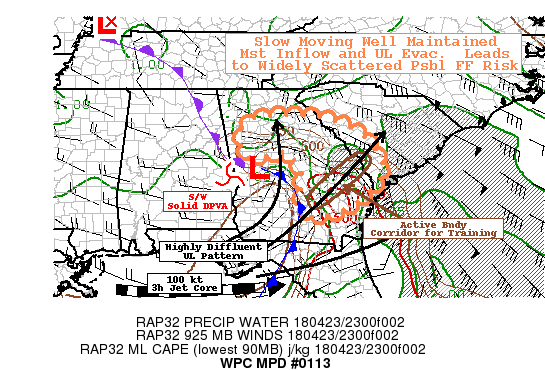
AREAS AFFECTED...GEORGIA...EXT. WESTERN SOUTH CAROLINA

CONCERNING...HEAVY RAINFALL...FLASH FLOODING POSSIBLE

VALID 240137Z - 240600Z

SUMMARY...NEAR ZERO CELL MOTIONS WITH MODEST TO HVY RAIN RATES
POSE WIDELY SCATTERED FLASH FLOODING RISK THROUGH EARLY OVERNIGHT
PERIOD.

DISCUSSION...GOES-16 WV SUITE DEPICTS A DEEPLY STACKED UPPER LOW
WELL NORTHWEST IN WESTERN KY WITH STRONG WARMING INDICATIVE A
STRONG JET ACROSS WESTERN GULF COAST.  A SUBTLE SHORTWAVE/PIVOT IN
THE MID-LEVEL FLOW EXISTS AROUND COLUMBUS,GA AND VERTICALLY VEERED
WIND PROFILES SUPPORT SOLID DPVA AND DIFFLUENCE FOR MAINTENANCE OF
UPDRAFTS WHILE ALSO SUPPORTING ROTATING UPDRAFTS.  GIVEN PLACEMENT
OF THE JET...PROPAGATION VECTORS ARE ABOUT 5-10KTS AND EXPECTED TO
SLACKEN FURTHER AS THE JET STREAK UNDERCUTS THE AREA OF CONCERN.
COMPOUND THIS WITH SLOWED CELL MOTIONS DUE TO SUPERCELLULAR NATURE
ALLOWS FOR NEARLY STATIONARY CONVECTION.

MOISTURE ENVIRONMENT DOES NOT SCREAM OF HIGH RAINFALL EFFICIENCY
DUE TO DRY POCKET AT 7-5H ADVECTING NE ACROSS SW GA. HOWEVER, SFC
TO 800MB ADVECTED ON EASTERLY FLOW WITH TDS IN MID TO UPPER 60S
AND 11-12C AT 850MB WITH SOLID MOISTURE CONVERGENCE/CONFLUENCE
ESPECIALLY NEAR THE DEVELOPING SURFACE LOW IN CENTRAL GA.  THIS
LEADS TO TPW VALUES UP TO 1.5" IN THE LOWEST LEVELS BUT SLOW CELL
MOTIONS AND STRONG UPDRAFTS FROM CAPES MLCAPES TO 500-1000 J/KG
(1500 OVER SE GA) SUGGEST PROFILES CAN BE MOISTENED FAIRLY QUICKLY
TO SUPPORT RAINFALL EFFICIENCY TO 1.5".  WHILE RADAR ESTIMATES ARE
LIKELY A BIT HIGH GIVEN SOME HAIL CONTAMINATION... THE ABUNDANCE
OF SMALL HAIL MAY ACTUALLY HELP IN OVERALL WATER TOTALS OR EVEN
GROUND FLOW CHOKE POINTS FOR FLOODING CONCERNS.  HI-RES CAMS ARE
SUPPORTIVE OF THIS EVOLUTION PARTICULARLY THE ARW/HRRR AND HRRRV3
(THOUGH DISPLACED NORTHWEST A BIT) AND SUGGEST 1-2 HOURS OF 1.5-2"
RATES AND TOTALS OF 3-4" POSSIBLE VERY CLOSE TO LOCAL FFG VALUES.

CURRENT RADAR/EIR LOOP SHOWS GREATEST THREAT FOR FLASH FLOODING
ALONG A FAVORABLY ORIENTED CONVERGENCE BOUNDARY FROM BURKE/SCREVEN
COUNTY TO IRWIN/BEN HILL COUNTY MAY FURTHER SUPPORT TRAINING EVEN
AS CELL MOTIONS ARE SLOW TO THE NORTHEAST.

STILL OVERALL COVERAGE THREAT WILL BE VERY LIMITED GIVEN THE
MID-LEVEL DRYING BUT CELLS THAT DO DEVELOP POSE AT LEAST A
LOCALIZED FLASH FLOOD RISK THROUGH THE EARLY EVENING..ESPECIALLY
SOUTH AND EAST...GIVEN BEST MAINTAINED LOW LEVEL MOISTURE AND
INSTABILITY THROUGH THE EARLY OVERNIGHT HOURS.